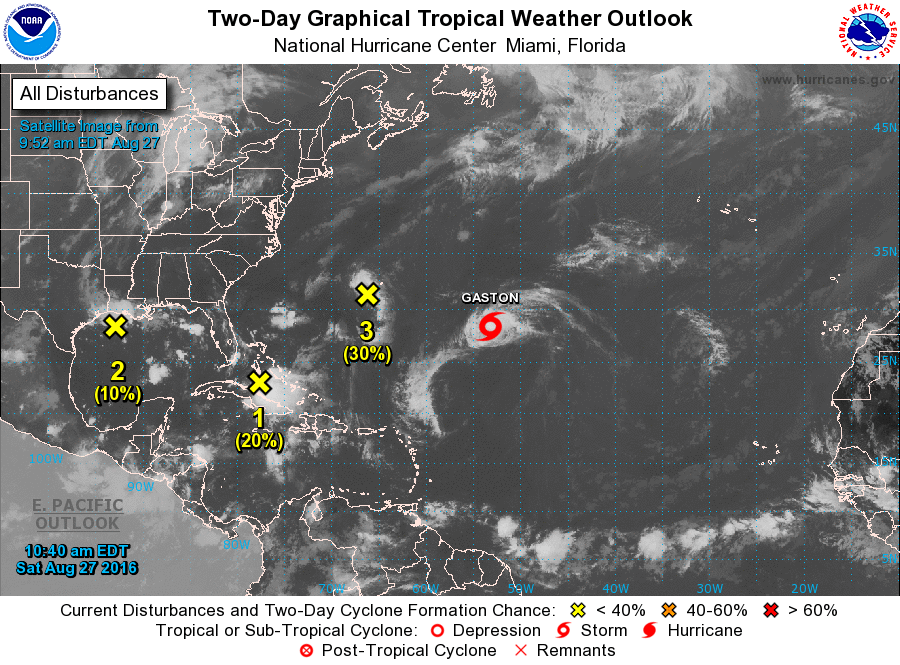
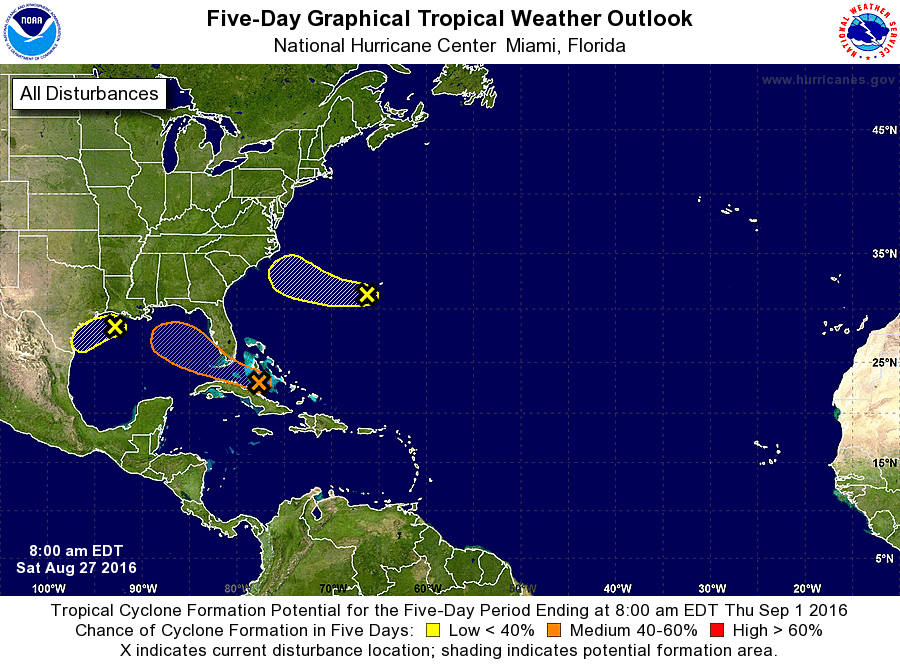
For the North Atlantic...Caribbean Sea and the Gulf of Mexico:

The National Hurricane Center is issuing advisories on Tropical Storm Gaston, located about 800 miles east-southeast of Bermuda.

1. A weak area of low pressure located south of Andros Island in the Bahamas continues to produce disorganized showers and thunderstorms mainly to the south and east of its center. Upper-level winds are not conducive for significant development during the next day or so while the low moves west-northwestward through the Straits of Florida at about 10 mph. Environmental conditions could become a little more conducive for some development when the system moves across the eastern Gulf of Mexico next week. Heavy rains are likely to continue over portions of eastern and central Cuba today. Gusty winds and locally heavy rainfall are likely over portions of the Bahamas, and will spread into parts of southern Florida and the Florida Keys later this weekend. Interests elsewhere in Florida and the eastern Gulf of Mexico should continue to monitor the progress of this disturbance.
* Formation chance through 48 hours...low...20 percent
* Formation chance through 5 days...medium...40 percent

2. A weak trough of low pressure located about a hundred miles south of the coast of southwestern Louisiana is producing disorganized shower and thunderstorm activity over the north-central Gulf of Mexico. Conditions are not expected to be conducive for development before this system reaches the coast of Texas on Sunday. However, heavy rainfall is possible along the Gulf Coast from Louisiana to southeastern Texas during the next few days. For additional information, please see products from your local National Weather Service office.
* Formation chance through 48 hours...low...10 percent
* Formation chance through 5 days...low...10 percent

3. An area of low pressure centered about 130 miles southwest of Bermuda is producing winds of around 35 mph. While shower and thunderstorm activity has increased a little near the center during the past few hours, any significant development of this system is likely to be slow to occur due the proximity of dry air. This low is expected to move westward and then west-northwestward at about 10 mph toward the coast of the Carolinas during the next few days. For additional information on this system, see High Seas Forecasts issued by the National Weather Service.
* Formation chance through 48 hours...low...30 percent
* Formation chance through 5 days...low...30 percent

High Seas Forecasts issued by the National Weather Service can be found under AWIPS header NFDHSFAT1, WMO header FZNT01 KWBC, and on the Web at http://www.opc.ncep.noaa.gov/shtml/NFDHSFAT1.shtml.

Forecaster Brennan